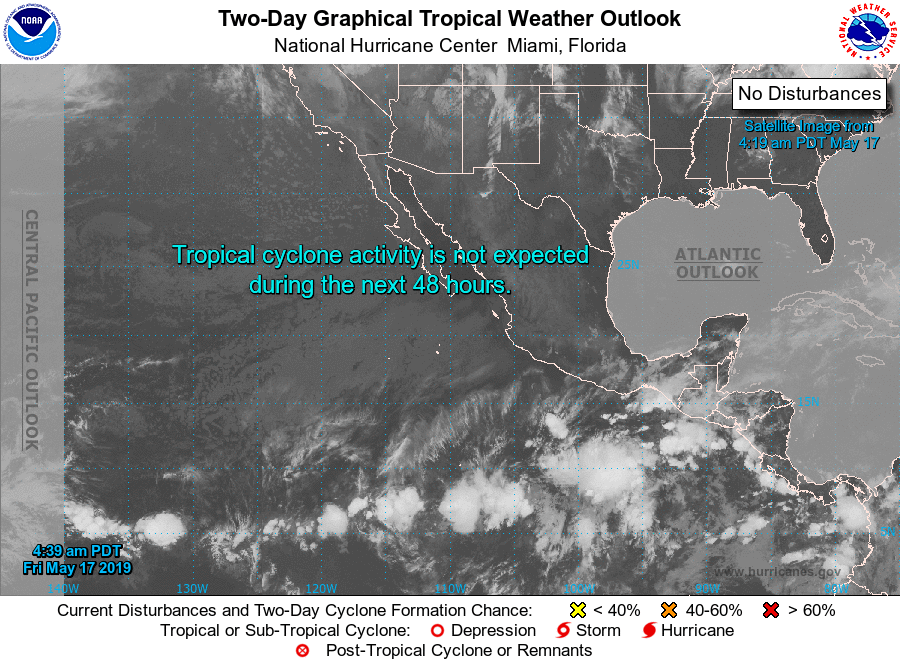
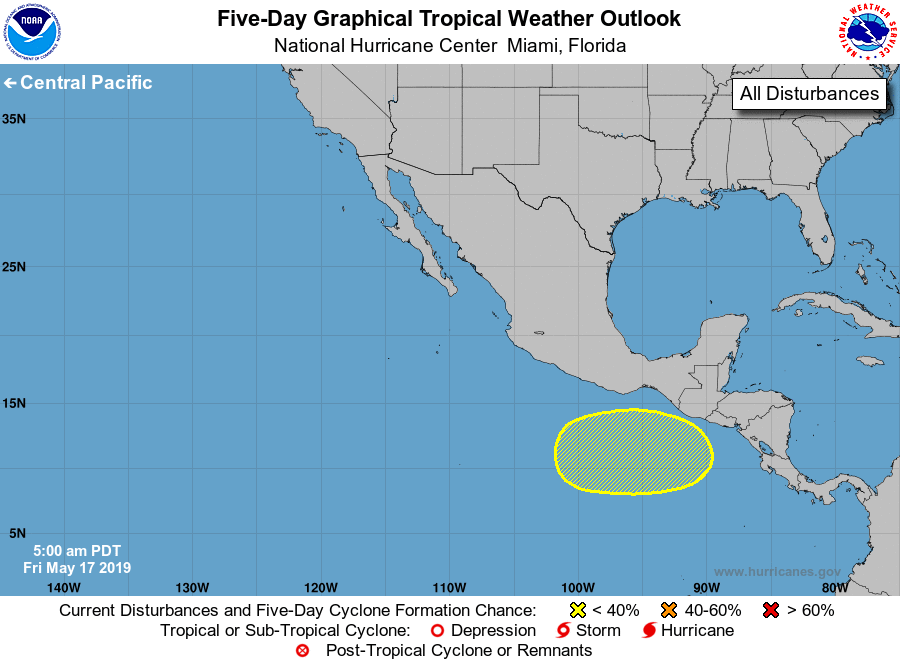
For the eastern North Pacific...east of 140 degrees west longitude:

1. A weak and elongated area of low pressure continues to produce widespread but disorganized cloudiness and showers a few hundred miles south of the southern coast of Mexico. Some gradual development of this system is possible during the early and middle part of next week while the disturbance drifts eastward.
* Formation chance through 48 hours...low...near 0 percent.
* Formation chance through 5 days...low...30 percent.

Forecaster Cangialosi